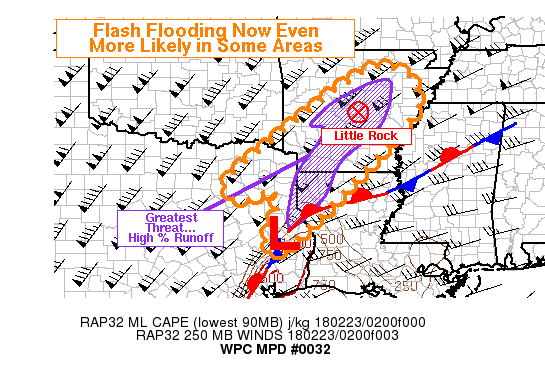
AREAS AFFECTED...AR...ERN TX...NW LA...SE OK

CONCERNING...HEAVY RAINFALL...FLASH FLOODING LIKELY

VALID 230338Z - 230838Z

SUMMARY...THE POSSIBILITY OF HIGH-END AND POTENTIALLY
LIFE-THREATENING FLASH FLOODING WAS INCREASING OVER CENTRAL AND
SOUTHERN ARKANSAS. A TREND TOWARD A GREATER THREAT TO NORTHWEST
LOUISIANA WAS ALSO SEEN IN OBSERVATIONAL DATA AND HRRR FORECASTS.

DISCUSSION...THE LATEST WAVE OF HEAVY RAINFALL APPEARED TO BE
RAMPING UP AT 0315Z OVER PARTS OF TX/LA/AR. GOES-16 WATER VAPOR
AND INFRARED CHANNELS BEGAN TO SHOW AN INFLECTION POINT / SLIGHT
LEAF STRUCTURE UPSTREAM OVER WEST TEXAS...WHILE LOW LEVEL MOISTURE
TRANSPORT WAS ALREADY SUPPORTING ORGANIZED THUNDERSTORMS NORTH OF
A WARM FRONT IN LA/AR. OTHER TAIL-END STORMS IN FAR EASTERN TEXAS
APPEARED TO EVEN BE FEELING THE WARM SECTOR INFLOW VERY NEAR THE
SURFACE LOW PRESSURE CENTER...WITH SLOWER AND DEVIANT CELL MOTION
NOTED.

TRENDS ARE CONCERNING. MODELS GENERALLY AGREE TO TWO AXES OF
ORGANIZED CONVECTION THROUGH 10Z...ONE VERY NEAR THE FRONT
CROSSING NW LA...AND ANOTHER AS A CONTINUATION OF THE ACTIVITY
NORTH OF THE FRONT IN ARKANSAS...WITH POTENTIAL EXTENSION BACK
INTO NORTHEAST TEXAS / I-20 AND I-30 AS THE UPSTREAM WAVE YIELDS A
REORGANIZATION OF CONVERGENCE THROUGH THE DEPTH OF THE LOW LEVELS
BACK TO THE COOL SIDE OF THE FRONT. THE HRRR WAS GENERALLY
HANDLING THINGS THE BEST OF ANY MODEL THIS EVENING FROM TEXAS TO
KENTUCKY...AND 00-02Z RUNS SHOWED A DISTINCT TREND TOWARD HEAVIER
AMOUNTS IN THIS REGION...ESPECIALLY NORTHWEST LA. THE LINE ONGOING
NEAR PINE BLUFF / LITTLE ROCK AT 0315Z IS ALSO LIKELY TO BE
SUSTAINED.

MODEL FORECASTS OF 1 TO 2 INCHES ADDITIONAL RAINFALL MAY BE
UNDERDONE...AS BOTH KLCH AND KSHV EVENING SOUNDINGS SAMPLED
MODERATELY UNSTABLE LOW LEVELS WITH LITTLE OR NO INHIBITION / BORN
OUT BY ABSENCE OF INHIBITION PER SPC MIXED LAYER CAPE
MESOANALYSIS. THE SHREVEPORT SAMPLING OF 1.72 INCH PW / ALTHOUGH
WITH SOME CONVECTIVE CONTAMINATION / WOULD BE A FEBRUARY RECORD
FOR THE SITE. THUS...ADDITIONAL RAINFALL COULD TOP 2.5 OR 3.0
INCHES THROUGH MORNING...AND MUCH OF THIS AREA WAS ALREADY
EXPERIENCING FLOOD IMPACTS...WHICH WILL CERTAINLY BE MADE
WORSE...POTENTIALLY LIFE THREATENING...BY THE ADDITIONAL RAINFALL.